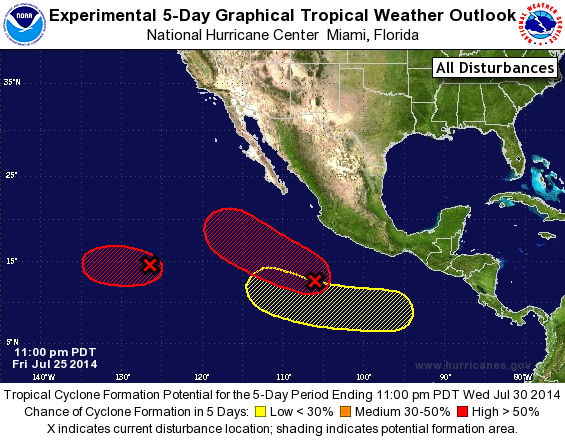
For the eastern North Pacific...east of 140 degrees west longitude:

The National Hurricane Center is issuing advisories on Tropical Storm Genevieve, located more than a thousand miles east-southeast of the Big Island of Hawaii.

1. A low pressure area located about 1200 miles west-southwest of the southern tip of the Baja California peninsula has changed little in organization during the past few hours. Although upper-level winds are currently marginally conducive for development, a tropical depression could still form during the next day or so while the low moves westward at about 10 mph.
* Formation chance through 48 hours...high...60 percent.
* Formation chance through 5 days...high...60 percent.

2. Another low pressure area located about 450 miles south-southwest of Manzanillo, Mexico continues to show signs of organization. Conditions appear conducive for additional development until Monday, when the system is expected to reach colder water. A tropical depression is likely to form during the next day or so while the low moves west-northwestward or northwestward at 10 to 15 mph.
* Formation chance through 48 hours...high...70 percent.
* Formation chance through 5 days...high...80 percent.

3. An area of low pressure is forecast to form well south of southern Mexico late this weekend. Some gradual development of this system is possible after that time.
* Formation chance through 48 hours...low...near 0 percent.
* Formation chance through 5 days...low...20 percent.

Forecaster Berg